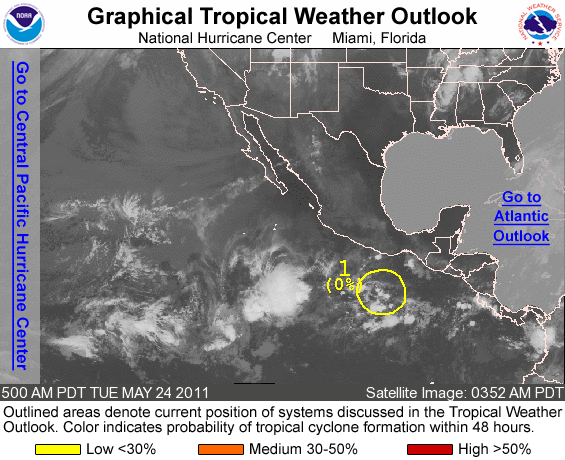
FOR THE EASTERN NORTH PACIFIC...EAST OF 140 DEGREES WEST LONGITUDE..

1. SHOWER AND THUNDERSTORM ACTIVITY HAS DIMINISHED IN ASSOCIATION WITH A WEAK AREA OF LOW PRESSURE LOCATED ABOUT 350 MILES SOUTH-SOUTHWEST OF THE GULF OF TEHUANTEPEC. TROPICAL CYCLONE DEVELOPMENT IS NOT EXPECTED AND THERE IS A LOW CHANCE...NEAR 0 PERCENT...OF THIS SYSTEM BECOMING A TROPICAL CYCLONE DURING THE NEXT 48 HOURS.

TROPICAL CYCLONE FORMATION IS NOT EXPECTED DURING THE NEXT 48 HOURS.

FORECASTER BRENNAN